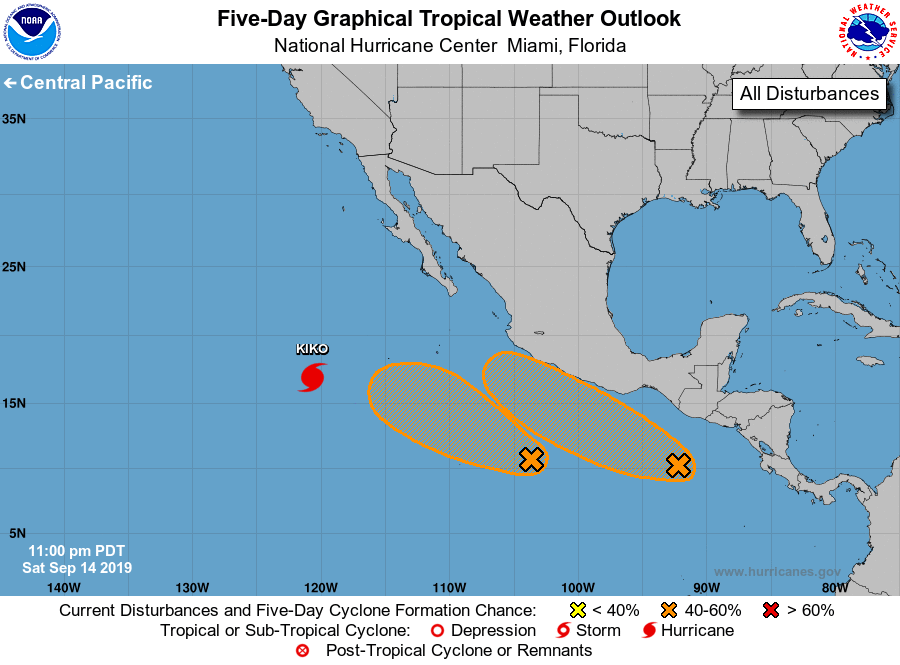
For the eastern North Pacific...east of 140 degrees west longitude:

The National Hurricane Center is issuing advisories on Hurricane Kiko, located several hundred miles west-southwest of the southern tip of the Baja California peninsula.

1. A large and disorganized area of showers and thunderstorms located several hundred miles southwest of Acapulco, Mexico is associated with a broad area of low pressure. Some gradual development of this system is possible during the next several days, and a tropical depression could form by the middle of next week while it moves slowly westward or west-northwestward well offshore of the southwestern coast of Mexico.
* Formation chance through 48 hours...low...10 percent.
* Formation chance through 5 days...medium...50 percent.

2. Another weak area of low pressure is located a few hundred miles south of the coast of Guatemala. Environmental conditions are expected to be conducive for gradual development, and a tropical depression could form by the middle of the week as the system moves west-northwestward near, or parallel to, the coast of Mexico during the next several days.
* Formation chance through 48 hours...low...10 percent.
* Formation chance through 5 days...medium...50 percent.

Forecaster Latto